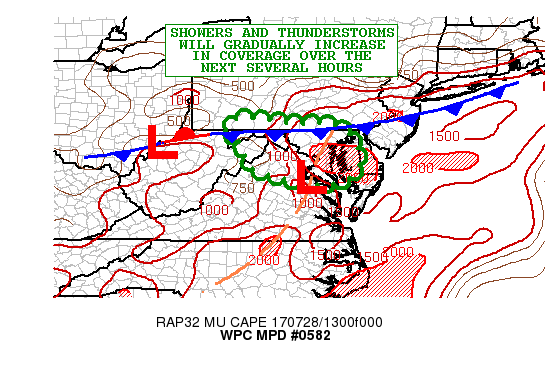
AREAS AFFECTED...FAR SOUTHERN PA...MD...D.C...NORTHERN VA

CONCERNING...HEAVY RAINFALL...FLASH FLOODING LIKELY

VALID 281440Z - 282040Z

SUMMARY...SHOWERS AND THUNDERSTORMS WITH VERY HEAVY RAINFALL RATES
ARE EXPECTED TO DEVELOP AND EXPAND IN COVERAGE OVER THE NEXT
SEVERAL HOURS. RAINFALL RATES OF UP TO 2.5 INCHES/HR ARE
EXPECTED...AND FLASH FLOODING WILL GRADUALLY BECOME LIKELY.

DISCUSSION...THE LATEST EXPERIMENTAL GOES-16 6.9 MICRON/WV AND
RGB/AIRMASS IMAGERY SHOWS A SIGNIFICANT SHORTWAVE TROUGH RAPIDLY
AMPLIFYING ACROSS THE LOWER GREAT LAKES REGION...WITH A CLOSED 500
MB CENTER ALREADY DIGGING SOUTHEAST ACROSS NORTHERN LOWER MI.
MEANWHILE...UPSTREAM OVER SOUTHERN WI...THERE IS A SIGNIFICANT
AMOUNT DRYING/DARKENING SEEN IN THE WV IMAGERY WHICH IS
CORRESPONDING TO A 90+KT 250 MB JET MAX THAT IS DIGGING SOUTHEAST
IN TOWARD THE BASE OF THE AMPLIFYING TROUGH.

ALL OF THIS ENERGY WILL BE ENCROACHING ON THE MID-ATLANTIC REGION
BY EARLY THIS AFTERNOON AND WILL BE INTERACTING WITH MULTIPLE
BOUNDARIES/SURFACE CONVERGENCE ZONES INCLUDING A FRONTAL ZONE
DRAPED OVER THE UPPER OH VALLEY AND EXTENDING EAST ACROSS THE
MASON-DIXON LINE. MEANWHILE...A LEE-SIDE TROUGH IS NOTED EAST OF
THE BLUE RIDGE FROM JUST WEST OF BALTIMORE SOUTH TO D.C AND DOWN
THROUGH CENTRAL/SOUTHERN VA. A WAVE OF LOW PRESSURE IS NOTED ALONG
IT SOUTH OF D.C. ALONG THE POTOMAC RIVER. CONSEQUENTLY THERE ARE
MULTIPLE FOCI AT THE SURFACE FOR CONVECTION TO INITIATE AS THE
UPSTREAM ENERGY APPROACHES THIS AFTERNOON...AND THIS WILL INCLUDE
OROGRAPHIC FORCING OVER THE BLUE RIDGE AND ADJACENT FOOTHILLS.

THE AIRMASS OVER THE MID-ATLANTIC ALONG AND SOUTH OF THE FRONT IS
VERY MOIST AND BECOMING INCREASINGLY UNSTABLE. PWATS OF GENERALLY
1.75 TO 2.0 INCHES AND MUCAPE VALUES APPROACHING OR LOCALLY
EXCEEDING 2000 J/KG ARE IN PLACE.

OVER THE NEXT FEW HOURS...STRENGTHENING DPVA AND INCREASINGLY
DIVERGENT FLOW ALOFT WILL BE INTERACTING WITH THE FRONT AND WITH
THE AIRMASS SOUTH OF IT FOR AN EXPANSION OF CONVECTIVE ACTIVITY.
THE AFOREMENTIONED SURFACE BOUNDARIES COUPLED WITH ADDITIONAL
DIURNAL HEATING AND OROGRAPHICS WILL ALSO FACILITATE THE INCREASED
COVERAGE OF CONVECTION.

EXPECT RAINFALL RATES TO BE QUITE INTENSE...WITH RATES AS HIGH AS
2.5 INCHES/HR WITHIN THE STRONGER CONVECTIVE CORES. THIS COUPLED
WITH RELATIVELY SLOW CELL MOTION SHOULD FOSTER SOME VERY HEAVY
RAINFALL TOTALS THROUGH MID TO LATE AFTERNOON. THE LATEST
HRRR/HRRRX GUIDANCE SUPPORT SOME LOCALIZED 3 TO 5 INCH RAINFALL
AMOUNTS THROUGH LATE AFTERNOON. THIS WILL LIKELY RESULT IN SOME
FLASH FLOODING...WITH A PARTICULAR CONCERN OVER THE HIGHER TERRAIN
AND ALSO THE URBANIZED I-95 CORRIDOR FROM BALTIMORE TO D.C. AND
NORTHERN VA...ALONG WITH THE ADJACENT SUBURBS.